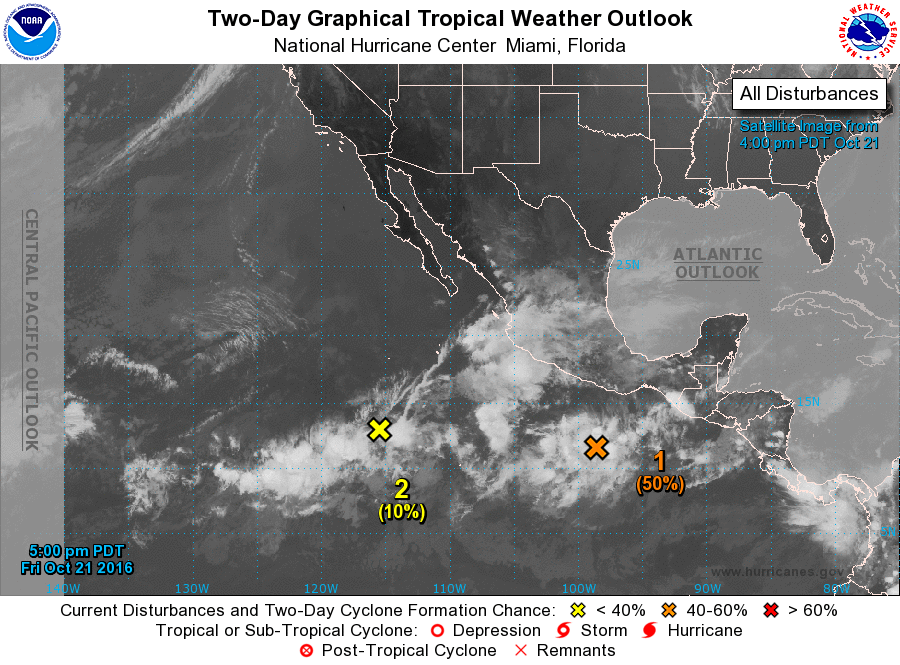
For the eastern North Pacific...east of 140 degrees west longitude:

1. Numerous showers and thunderstorms located a few hundred miles south-southwest of the Gulf of Tehuantepec are associated with a broad area of low pressure. Environmental conditions are expected to be conducive for development of this disturbance over the next few days, and a tropical depression will likely form early next week while the system moves toward the west-northwest at about 10 to 15 mph.
* Formation chance through 48 hours...medium...50 percent
* Formation chance through 5 days...high...80 percent

2. Disorganized cloudiness and showers are associated with a small low pressure area centered about 750 miles south-southwest of the southern tip of the Baja California peninsula. Further development of this system is unlikely because of the inhibiting effect of strong upper-level winds. This low pressure area is expected to drift northward or northwestward over the next few days.
* Formation chance through 48 hours...low...10 percent
* Formation chance through 5 days...low...10 percent

Forecaster Landsea